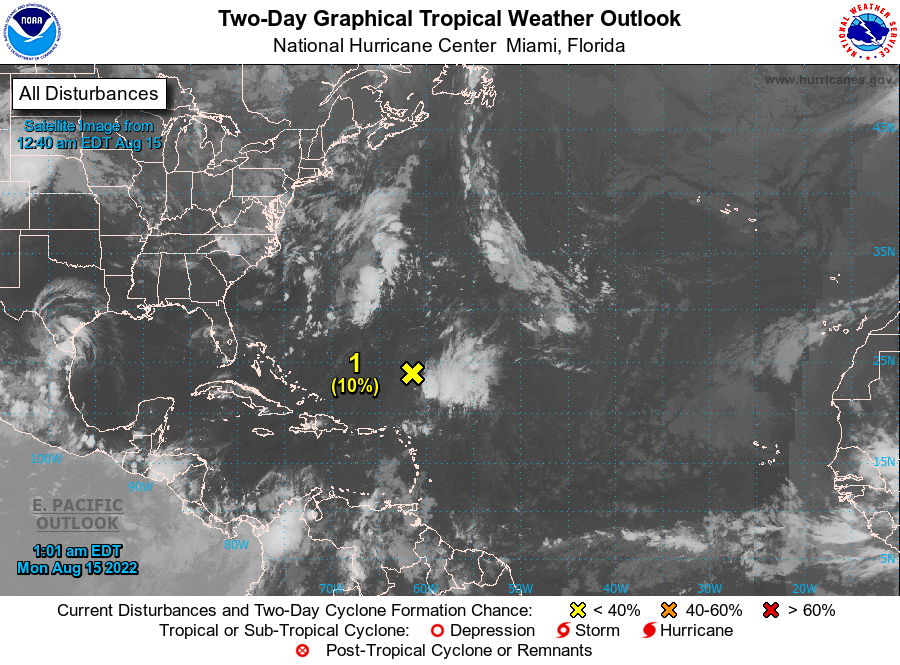
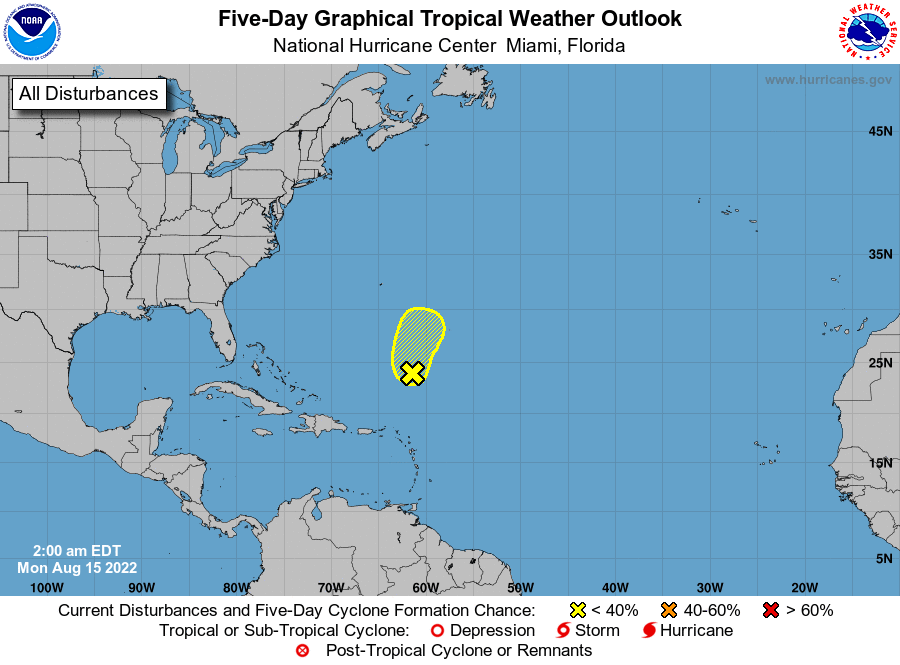
For the North Atlantic...Caribbean Sea and the Gulf of Mexico:

1. Central Atlantic Ocean: A broad trough of low pressure continues to produce a large area of disorganized showers and thunderstorms over the central Atlantic several hundred miles south-southeast of Bermuda. Development, if any, of this system should be slow to occur due to generally unfavorable environmental conditions while the disturbance moves slowly north-northwestward or northward during the next few days.
* Formation chance through 48 hours...low...10 percent.
* Formation chance through 5 days...low...10 percent.

Forecaster Cangialosi